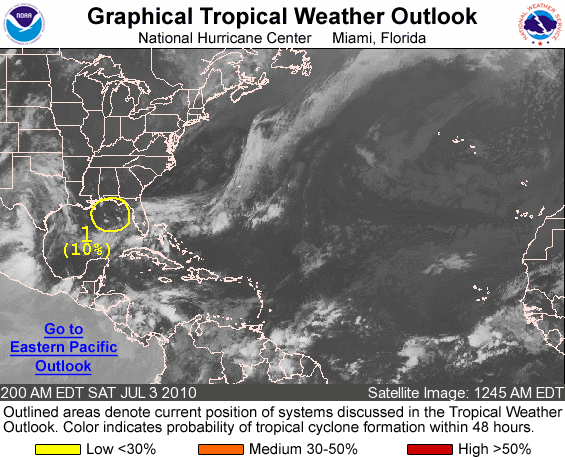
FOR THE NORTH ATLANTIC...CARIBBEAN SEA AND THE GULF OF MEXICO...

1. A WEAK NON-TROPICAL LOW PRESSURE AREA...ASSOCIATED WITH A STATIONARY FRONT...IS LOCATED OVER THE NORTHEASTERN GULF OF MEXICO ABOUT 150 MILES SOUTH OF PENSACOLA FLORIDA AND MOVING TOWARD THE WEST-SOUTHWEST AT ABOUT 15 MPH. THE LOW IS FORECAST TO CONTINUE MOVING TOWARD THE WEST OR WEST-SOUTHWEST DURING THE NEXT DAY OR TWO. UPPER-LEVEL WINDS ARE NOT CURRENTLY FAVORABLE FOR DEVELOPMENT ...AND THERE IS A LOW CHANCE...10 PERCENT...OF THIS SYSTEM BECOMING A TROPICAL OR SUBTROPICAL CYCLONE DURING THE NEXT 48 HOURS.

ELSEWHERE...TROPICAL CYCLONE FORMATION IS NOT EXPECTED DURING THE NEXT 48 HOURS.

FORECASTER BRENNAN